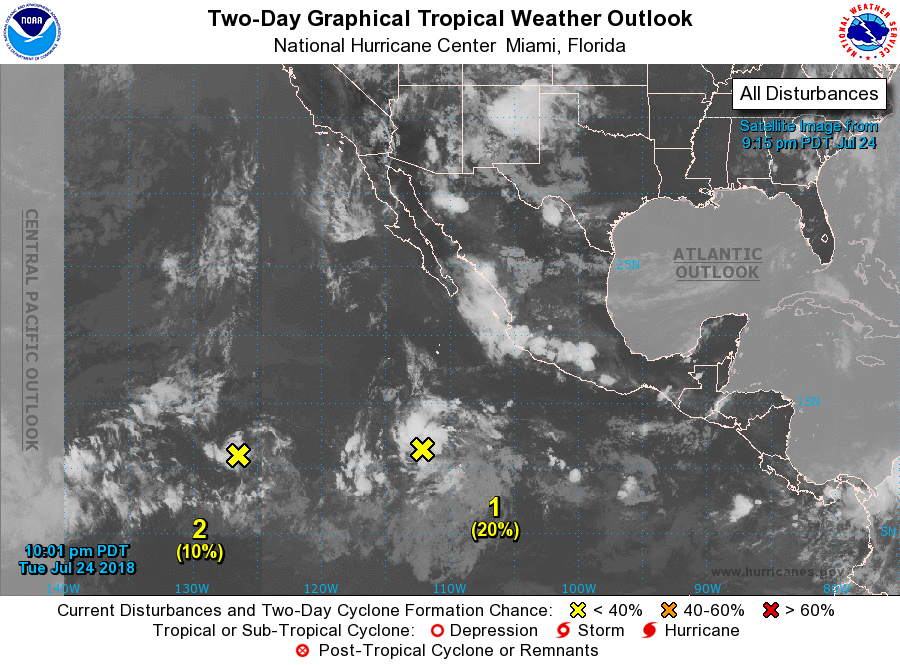
For the eastern North Pacific...east of 140 degrees west longitude:

1. A broad area of low pressure is producing shower and thunderstorm activity several hundred miles south-southwest of Manzanillo, Mexico. Little development is expected tonight or tomorrow, but conditions could become a little more favorable for tropical cyclone formation later this week while the system moves toward the west or west-northwest away from the coast of Mexico.
* Formation chance through 48 hours...low...20 percent.
* Formation chance through 5 days...medium...40 percent.

2. Another area of low pressure is located around 1300 miles southwest of the southern tip of the Baja California peninsula. Although the associated shower activity is currently disorganized, some gradual development of this system is possible over the next few days while the disturbance moves generally westward. By the weekend, strong upper-level winds are likely to prevent further development.
* Formation chance through 48 hours...low...10 percent.
* Formation chance through 5 days...low...20 percent.

Forecaster Zelinsky